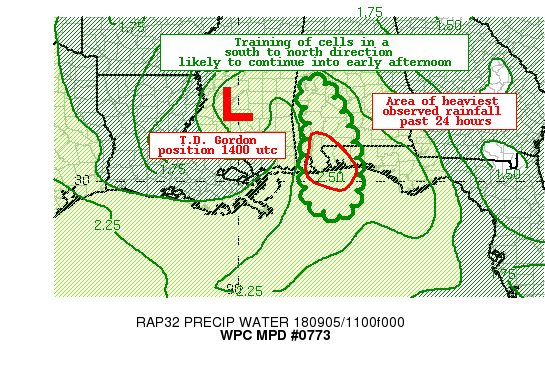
Areas affected...Western Florida Panhandle...southwest Alabama

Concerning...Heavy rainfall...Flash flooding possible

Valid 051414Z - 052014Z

Summary...The greatest heavy rain threat continues on the
southeast side of Gordon in the persistent moist southerly inflow
band off the northeastern Gulf.  Training of cells in a south to
north direction will continue the threat of additional flash
flooding through this morning into early afternoon from the
western Florida Panhandle into southwest Alabama.

Discussion...While Gordon continues to weaken inland across
central Mississippi this morning...the flash flood threat will
continue for the remainder of this morning into early afternoon on
the southeast side of the storm.   The latest radar loops continue
to show south to north moving area of precipitation in the
southerly low level inflow band on the southeast side of this
storm. PW values in this inflow band will remain 2+ standard
deviations above the mean...along with MU-CAPE values of 2000+
j/kg.   Low level convergent flow will remain well defined in this
high PW axis...but trending weaker with time late this morning
into early afternoon...signaling a decreasing heavy rain threat by
late morning/early afternoon.

In areas of training...additional 2"+ per hour rainfall totals
possible.  Latest hrrr guidance suggests this will be most likely
over the western Florida Panhandle into southwestern Alabama.

Farther to the northwest, closer to the circulation center of
Gordon, the flash flood threat is considerably less at the moment.
 Convection remains absent near the center...with most of the
latest hi res guidance showing precip totals that should not
produce a significant flash flood threat through the remainder of
this morning.  Can not rule out isolated flooding closer to the
center of circulation...but at the moment...this region was not
included in the current mesoscale precipitation discussion area.